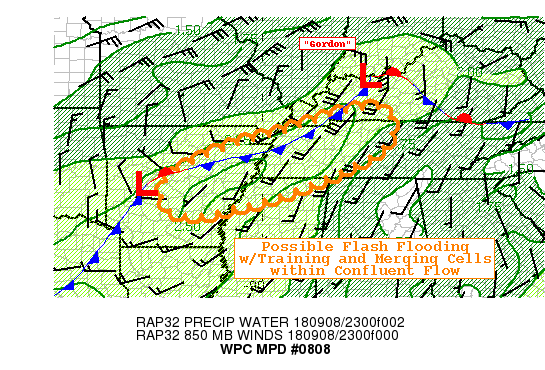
Areas affected...Eastern AR...Western TN... Northern MS... Ext
South Central KY....

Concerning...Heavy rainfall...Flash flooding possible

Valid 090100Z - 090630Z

SUMMARY...Moist confluent flow, should support training and cell
mergers capable of producing possible flash flooding conditions.

DISCUSSION...Regional RADAR reflectivity mosaic denotes a weak low
to mid-level twist across central AR with showers/thunderstorms
along the trof across western TN into south central KY connected
to the tail end of the remnants of Gordon.  VWP network suggests
strongly confluent flow across W TN before being squeezed/severed
from the northern wave across central KY.  Instability is
generally weak and reducing as the ongoing convection uses up the
remaining fuel.  So in the short-term storms will continue to
fairly efficient given mean mixing ratios in the 16 kg/kg range
and total PWATs across the 2.4" near the AR wave reducing to
1.8-1.9" across KY, with continued cycling/overshooting tops in
10.3um reaching -65C, expect rates over 2-2.5"/hr with these
cells.  This combined with confluent flow, support mergers and
some training tracks across west central to north central TN.
Still, with loss of daytime heating, cells should begin to wane
with time, reducing in rainfall intensity and replaced by more
gentle rates and more isolated deeper cells.

The greatest risk for flash flooding in the short term exits in
metro Memphis where multiple mergers and deep convection near
metro Memphis has the potential to produce 2-4" quickly.
Isolated totals of 5" are possible as indicated by recent HRRR
runs.   Ground conditions are quite saturated across AR, where FFG
values remain in the 1.5-2" range in 1hr and below 2.5"/3hrs.
Further east into central TN, where the signal for greatest
confluence/rain totals are expected (MEM to MKL), recent drier
conditions can support a bit higher magnitudes... and as such
flash flooding is considered possible through the area of concern
though more likely in the Memphis metro given current trends for
mergers/training.